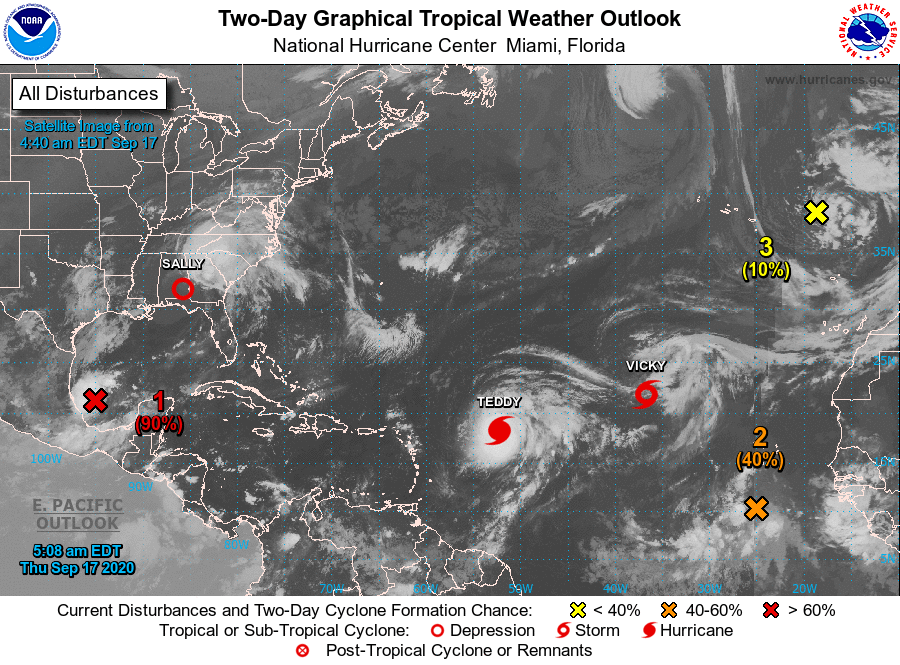
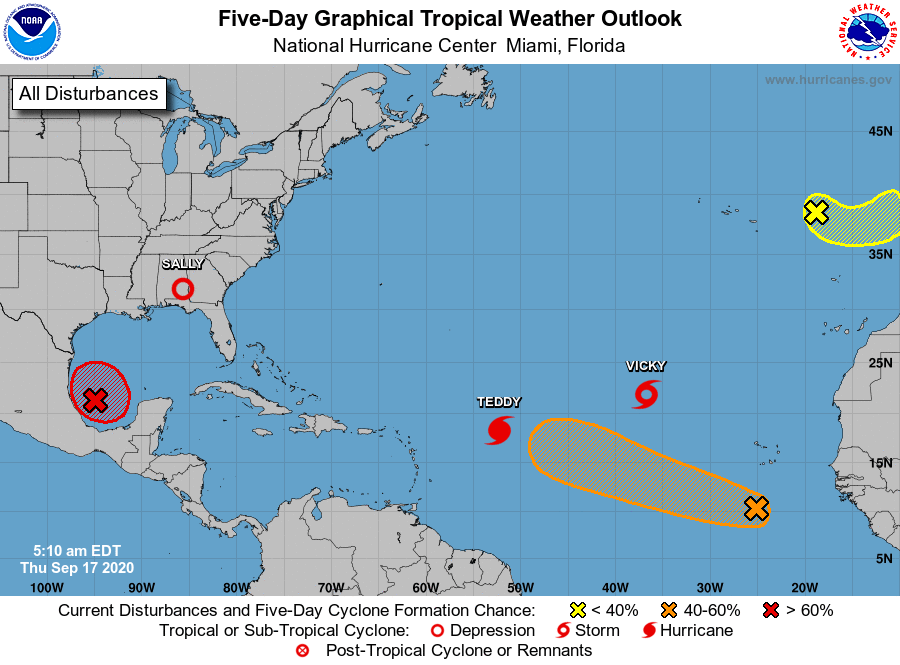
For the North Atlantic...Caribbean Sea and the Gulf of Mexico:

Special Tropical Weather Outlook issued to update the discussion of the low pressure system over the southwestern Gulf of Mexico.

The National Hurricane Center is issuing advisories on Tropical Depression Sally, located inland over southeastern Alabama, on Hurricane Teddy, located over the central tropical Atlantic, and on Tropical Storm Vicky, located over the eastern tropical Atlantic.

1. Thunderstorm activity has continued to increase and become better organized this morning in association with a well-defined low pressure system located over the southwestern Gulf of Mexico. Upper-level winds are gradually becoming more conducive for development and, if this recent development trend continues, a tropical depression or a tropical could form later today. The low is expected to meander over the southwestern Gulf of Mexico for the next day or so before moving slowly northward to northeastward on Friday and Saturday. An Air Force Reserve reconnaissance aircraft is scheduled to investigate the disturbance this afternoon.
* Formation chance through 48 hours...high...90 percent.
* Formation chance through 5 days...high...90 percent.

2. An elongated area of low pressure located a few hundred miles south-southwest of the Cabo Verde Islands is producing disorganized shower and thunderstorm activity. Environmental conditions are expected to be conducive for development during the next few days, and a tropical depression could form before upper-level winds become less favorable over the weekend. The low is forecast to move west-northwestward at 10 to 15 mph during the next several days.
* Formation chance through 48 hours...medium...40 percent.
* Formation chance through 5 days...medium...60 percent.

3. A non-tropical area of low pressure is located over the far northeastern Atlantic Ocean a few hundred miles east-northeast of the Azores. This system is forecast to move east-southeastward and then northeastward at about 10 mph over the next day or two, and its chances of acquiring some subtropical characteristics before it reaches the coast of Portugal late Friday appear to be decreasing. For more information on this system, see High Seas Forecasts issued by Meteo France.
* Formation chance through 48 hours...low...10 percent.
* Formation chance through 5 days...low...10 percent.

High Seas Forecasts issued by Meteo France can be found under WMO header FQNT50 LFPW and available on the web at www.meteofrance.com/previsions-meteo-marine/bulletin/grandlarge/ metarea2

Forecaster Stewart